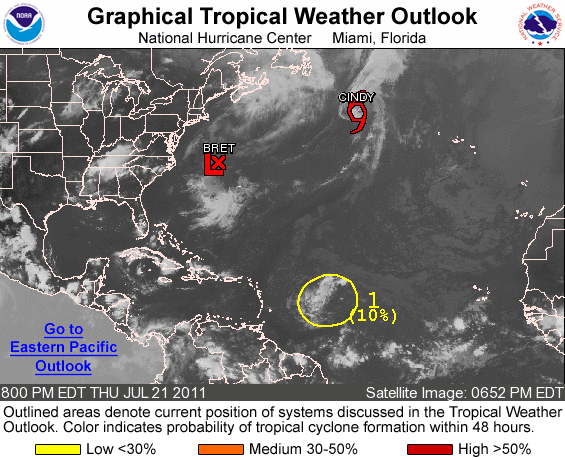
FOR THE NORTH ATLANTIC...CARIBBEAN SEA AND THE GULF OF MEXICO...

THE NATIONAL HURRICANE CENTER IS ISSUING ADVISORIES ON TROPICAL STORM CINDY...LOCATED ABOUT 995 MILES WEST-NORTHWEST OF THE AZORES. ADVISORIES ARE ALSO BEING ISSUED ON TROPICAL STORM BRET...LOCATED ABOUT 335 MILES EAST OF CAPE HATTERAS NORTH CAROLINA.

1. A TROPICAL WAVE LOCATED ABOUT 650 MILES EAST OF THE WINDWARD ISLANDS IS PRODUCING LIMITED AND DISORGANIZED SHOWER AND THUNDERSTORM ACTIVITY. SOME SLOW DEVELOPMENT OF THIS SYSTEM IS POSSIBLE DURING THE NEXT COUPLE OF DAYS AS IT MOVES TOWARD THE WEST-NORTHWEST AT 15 TO 20 MPH. THIS SYSTEM HAS A LOW CHANCE...10 PERCENT...OF BECOMING A TROPICAL CYCLONE DURING THE NEXT 48 HOURS. SHOWERS ASSOCIATED WITH THIS WAVE COULD BEGIN SPREADING ACROSS PORTIONS OF THE LESSER ANTILLES ON FRIDAY.

ELSEWHERE...TROPICAL CYCLONE FORMATION IS NOT EXPECTED DURING THE NEXT 48 HOURS.

FORECASTER BERG